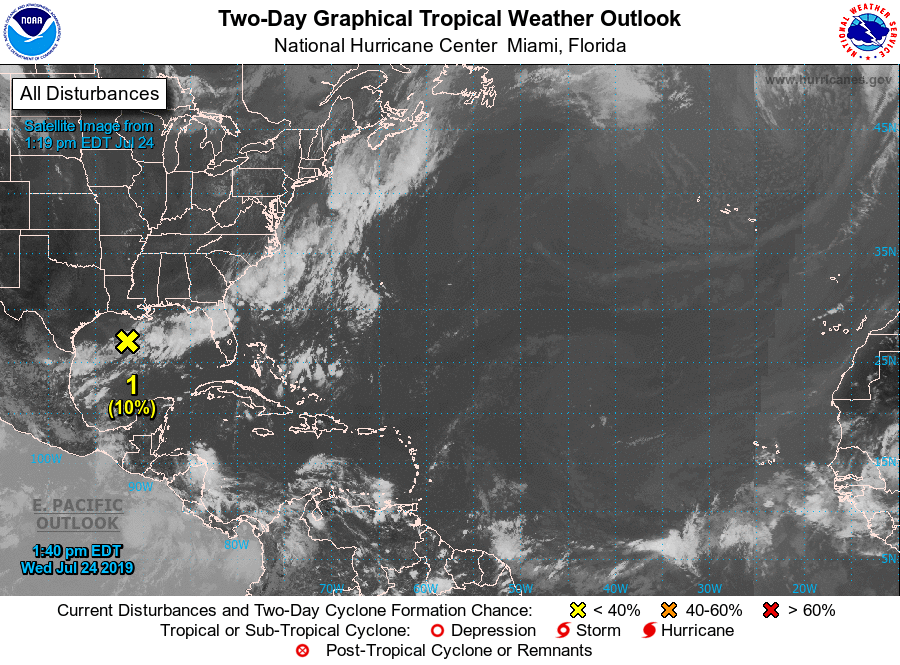
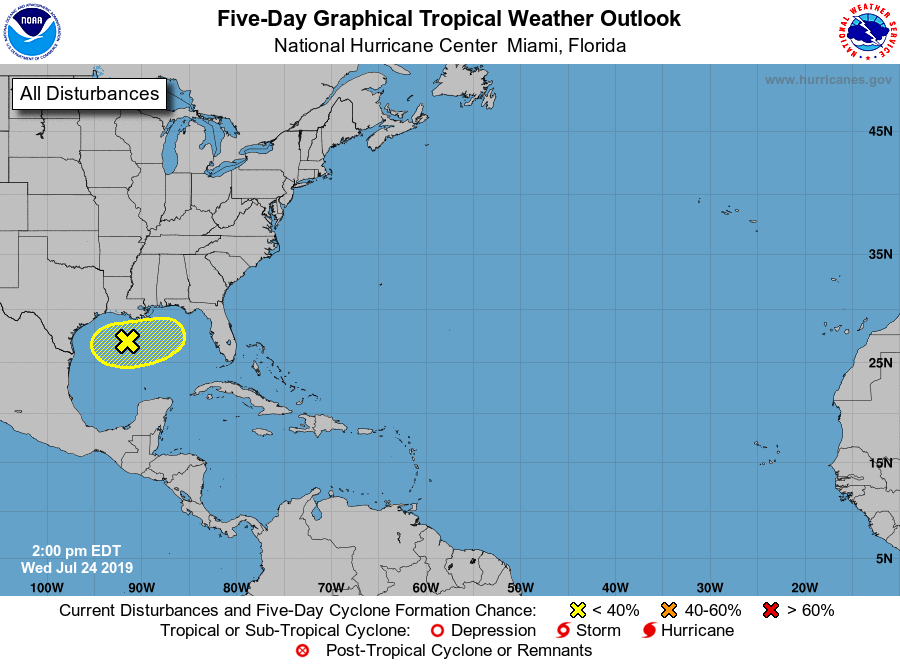
For the North Atlantic...Caribbean Sea and the Gulf of Mexico:

1. Disorganized cloudiness and showers stretching over the northern Gulf of Mexico are associated with a frontal boundary. A broad area of low pressure is expected to form along this boundary tonight. Dry air and unfavorable upper-level winds, however, are likely to inhibit significant development during the next couple of days while the disturbance meanders near the northwestern Gulf Coast.
* Formation chance through 48 hours...low...10 percent.
* Formation chance through 5 days...low...10 percent.

Forecaster Brown